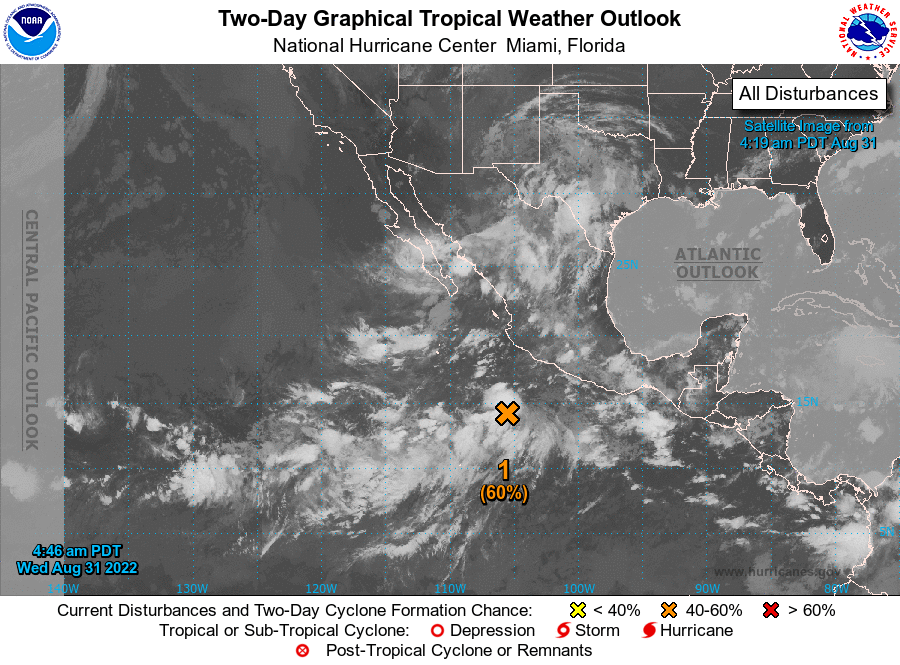
For the eastern North Pacific...east of 140 degrees west longitude:

1. Offshore of Southwestern Mexico: A tropical wave located a few hundred miles south of Manzanillo, Mexico is producing a large area of disorganized showers and thunderstorms. Environmental conditions are forecast to be conducive for gradual development during the next few days, and a tropical depression is expected to form later this week or by this weekend. The system is forecast to move west-northwestward or northwestward, likely remaining a few hundred miles off the coast of southwestern Mexico.
* Formation chance through 48 hours...medium...60 percent.
* Formation chance through 5 days...high...80 percent.

2. South of Southern Mexico: An area of low pressure is forecast to form south of the southern coast of Mexico by late this week. Gradual development of this system is possible thereafter, and a tropical depression could form by early next week while the disturbance moves westward or west-northwestward near the coast of southern Mexico.
* Formation chance through 48 hours...low...near 0 percent.
* Formation chance through 5 days...medium...40 percent.

Forecaster Pasch